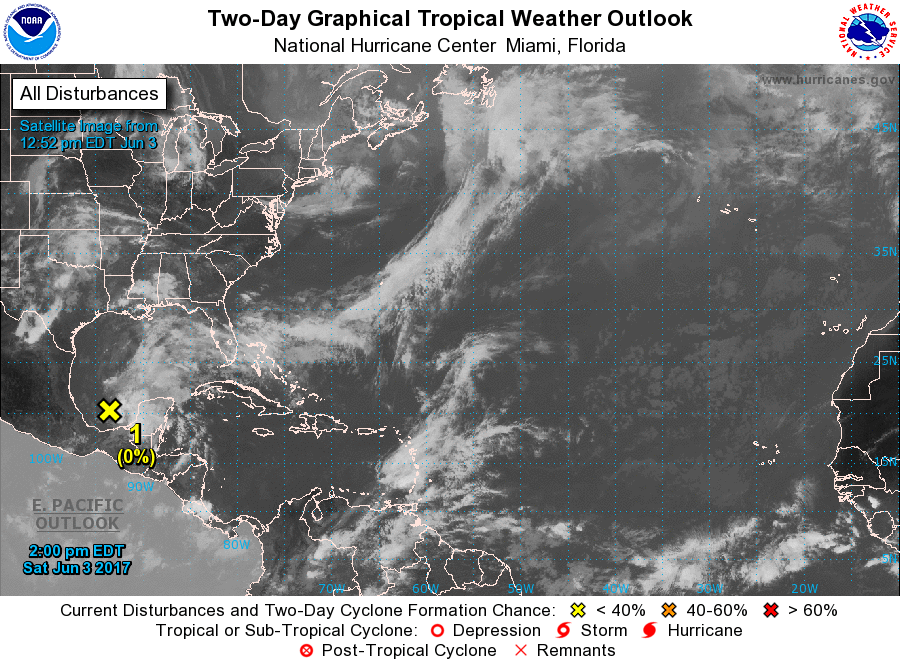
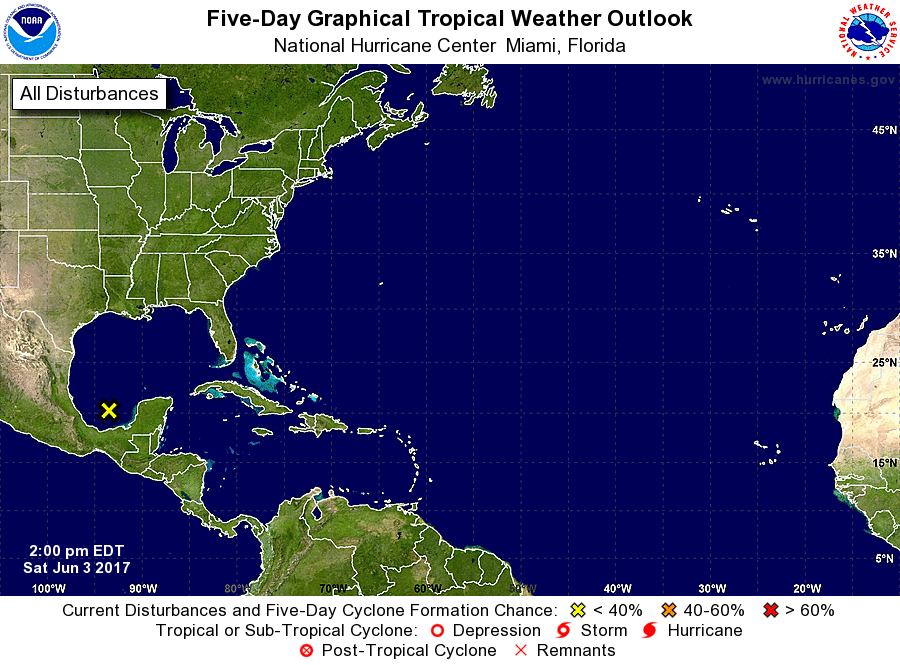
For the North Atlantic...Caribbean Sea and the Gulf of Mexico:

1. A low pressure area, associated with the remnants of eastern Pacific Tropical Storm Beatriz, is located over the Bay of Campeche. While the associated shower and thunderstorm activity currently shows signs of organization, little additional development is expected due to strong upper-level winds.
* Formation chance through 48 hours...low...near 0 percent.
* Formation chance through 5 days...low...near 0 percent.

Forecaster Beven